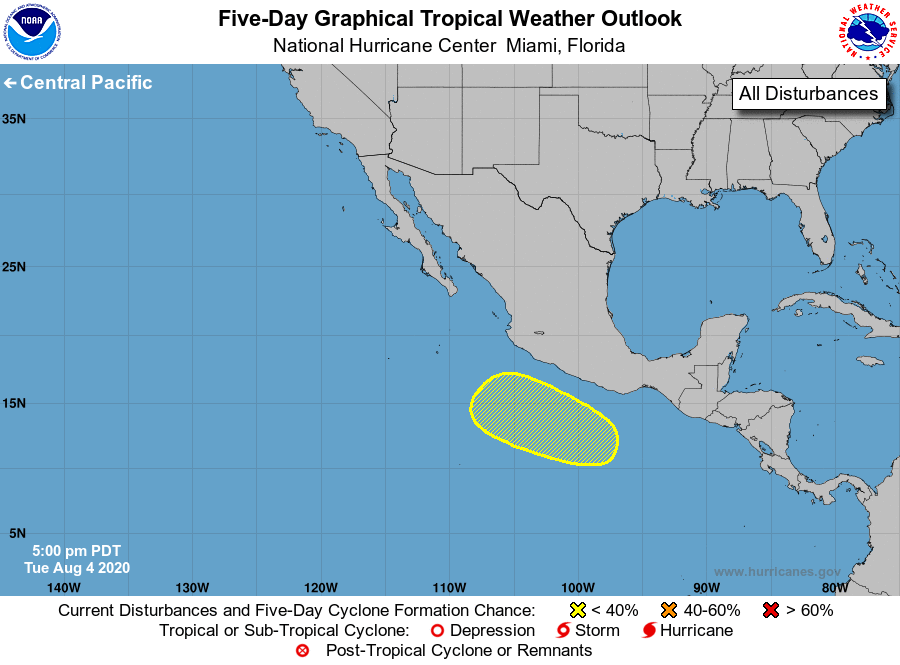
For the eastern North Pacific...east of 140 degrees west longitude:

1. An area of low pressure is forecast to form south or southwest of the southern coast of Mexico over the weekend. Environmental conditions are forecast to be conducive for at least gradual development after that while the system moves generally west-northwestward.
* Formation chance through 48 hours...low...near 0 percent.
* Formation chance through 5 days...low...20 percent.

Forecaster Zelinsky